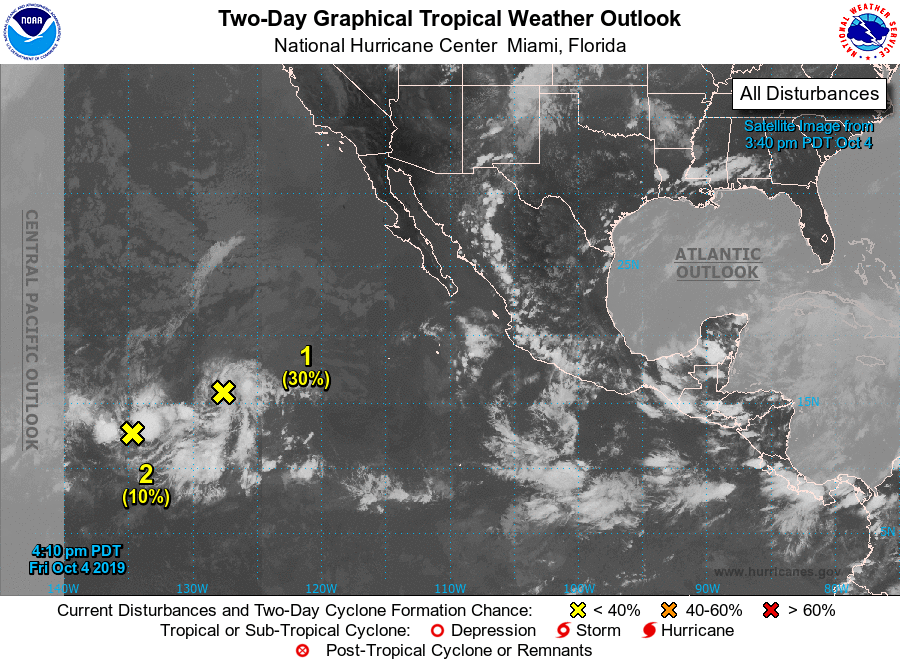
For the eastern North Pacific...east of 140 degrees west longitude:

1. Showers and thunderstorms have decreased substantially during the past several hours near a low pressure system located about 1200 miles west-southwest of the southern tip of the Baja California peninsula. Some development of this system is still possible over the next day or two before it interacts with, and possibly merges with, another disturbance west of it. The low is expected to move northwestward at about 10 mph during the next couple of days.
* Formation chance through 48 hours...low...30 percent.
* Formation chance through 5 days...low...30 percent.

2. Another low pressure system located just west of the disturbance mentioned above, about 1700 miles southwest of the southern tip of the Baja California peninsula, continues to produce disorganized shower and thunderstorm activity. Development of this system is not likely before it interacts or merges with the larger disturbance located to its east during the next couple of days.
* Formation chance through 48 hours...low...10 percent.
* Formation chance through 5 days...low...10 percent.

Forecaster Ramos/Cangialosi